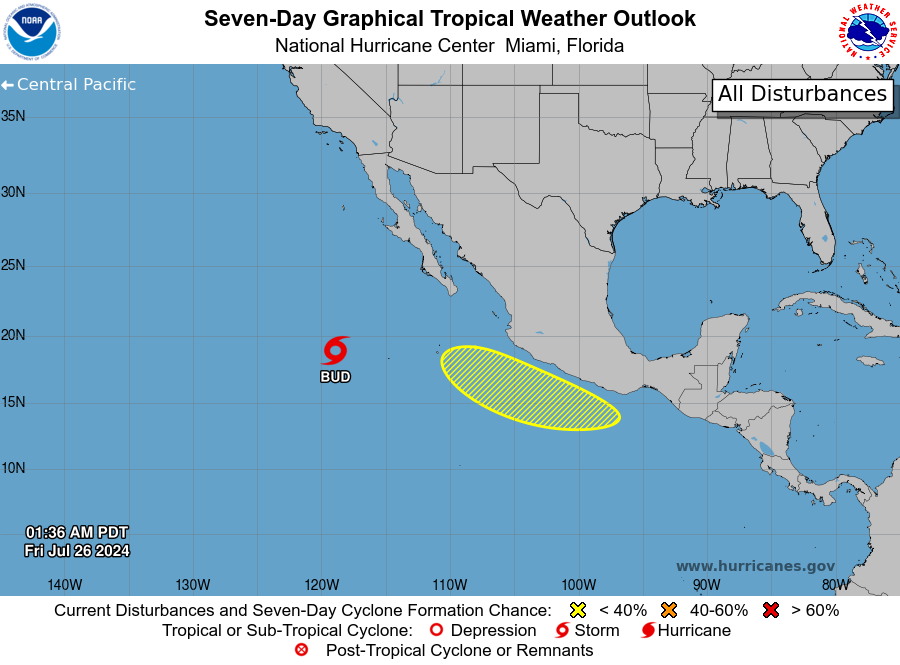
For the eastern North Pacific...east of 140 degrees west longitude:

Active Systems: The National Hurricane Center is issuing advisories on Tropical Storm Bud, located several hundred miles west-southwest of the southern tip of the Baja California Peninsula.

1. A low pressure area is expected to form by the middle of next week several hundred miles south of the coast of Mexico. Some additional development is possible after that time as the system moves west-northwestward parallel to the coast of Mexico.
* Formation chance through 48 hours...low...near 0 percent.
* Formation chance through 7 days...low...20 percent.

Tropical cyclone formation is not expected during the next 7 days.

Forecaster Beven